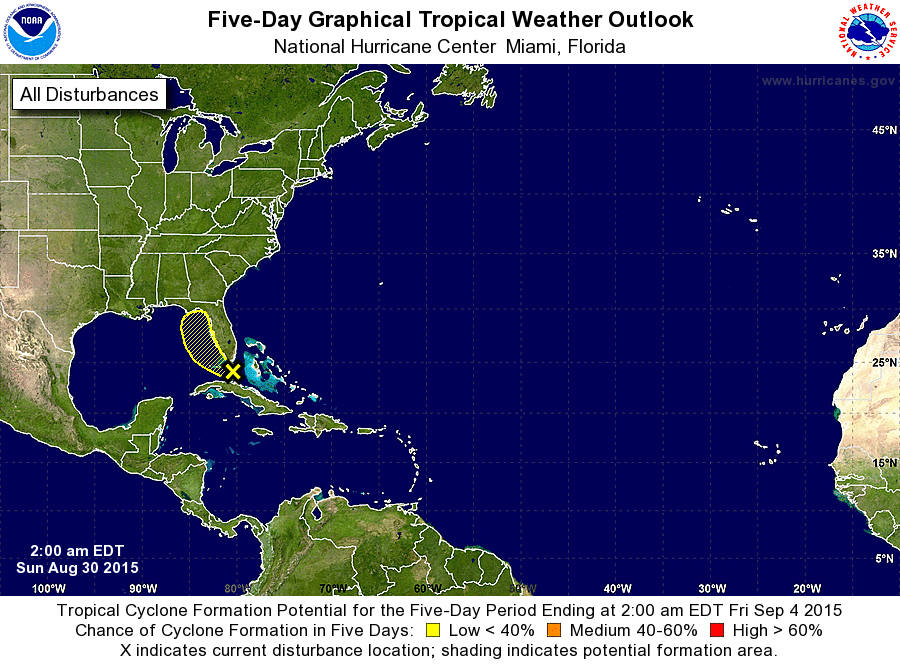
For the North Atlantic...Caribbean Sea and the Gulf of Mexico:

The National Hurricane Center is issuing advisories on newly formed Tropical Depression Six, located a few hundred miles east-southeast of the southernmost Cape Verde Islands in the far eastern Atlantic Ocean.

1. A trough of low pressure associated with the remnants of Erika is moving quickly west-northwestward across the Florida Straits this morning. Although there are no signs of redevelopment at this time, upper-level winds could become marginally favorable for tropical cyclone formation over the next day or so. Regardless of this system's prospects for regeneration, locally heavy rains and gusty winds are expected to spread across portions of South Florida and the Florida Keys today. This activity should spread northwestward and then northward across the eastern Gulf of Mexico late today and on Monday. Additional information on this system can be found in marine forecasts and local forecast products issued by the National Weather Service and the meteorological service of Cuba.
* Formation chance through 48 hours...low...20 percent
* Formation chance through 5 days...low...30 percent

Public Advisories on Tropical Depression Six are issued under WMO header WTNT31 KNHC and under AWIPS header MIATCPAT1. Forecast/Advisories on Tropical Depression Six are issued under WMO header WTNT21 KNHC and under AWIPS header MIATCMAT1.

Forecaster Stewart